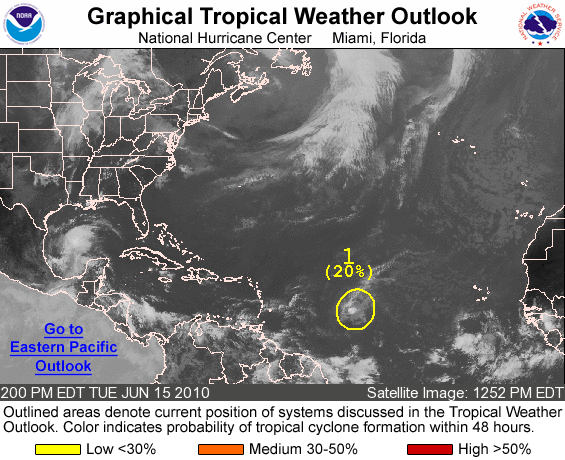
FOR THE NORTH ATLANTIC...CARIBBEAN SEA AND THE GULF OF MEXICO...

1. AN AREA OF LOW PRESSURE LOCATED ABOUT 1000 MILES EAST OF THE LESSER ANTILLES IS PRODUCING A FEW DISORGANIZED SHOWERS AND THUNDERSTORMS. ENVIRONMENTAL CONDITIONS ARE BECOMING LESS FAVORABLE FOR TROPICAL CYCLONE FORMATION AND THERE IS A LOW CHANCE...20 PERCENT...OF THIS SYSTEM BECOMING A TROPICAL CYCLONE DURING THE NEXT 48 HOURS AS IT MOVES WEST-NORTHWESTWARD TO NORTHWESTWARD AT 10 TO 15 MPH.

ELSEWHERE...TROPICAL CYCLONE FORMATION IS NOT EXPECTED DURING THE NEXT 48 HOURS.

FORECASTER BROWN